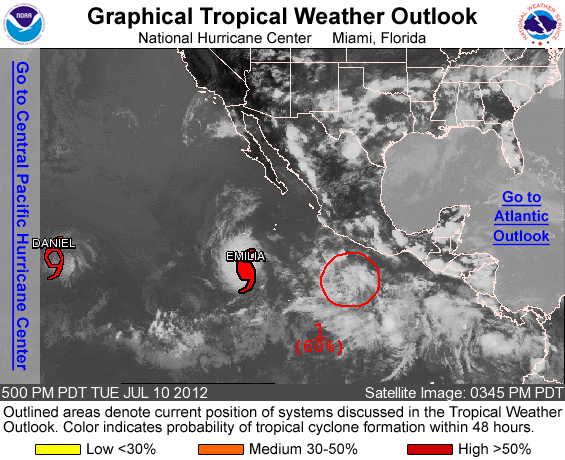
FOR THE EASTERN NORTH PACIFIC...EAST OF 140 DEGREES WEST LONGITUDE..

THE NATIONAL HURRICANE CENTER IS ISSUING ADVISORIES ON TROPICAL STORM DANIEL...LOCATED ABOUT 1350 MILES EAST OF THE HAWAIIAN ISLANDS...AND ON HURRICANE EMILIA...LOCATED ABOUT 690 MILES SOUTH-SOUTHWEST OF THE SOUTHERN TIP OF BAJA CALIFORNIA MEXICO.

1. SHOWERS AND THUNDERSTORMS ASSOCIATED WITH AN AREA OF LOW PRESSURE LOCATED ABOUT 450 MILES SOUTH-SOUTHEAST OF MANZANILLO MEXICO HAVE NOT BECOME ANY BETTER ORGANIZED TODAY. UPPER-LEVEL WINDS ARE FORECAST TO BECOME MORE FAVORABLE FOR DEVELOPMENT DURING THE NEXT DAY OR SO AS THE LOW MOVES WEST-NORTHWESTWARD NEAR 10 MPH. THIS SYSTEM HAS A HIGH CHANCE...60 PERCENT...OF BECOMING A TROPICAL CYCLONE DURING THE NEXT 48 HOURS.

ELSEWHERE...TROPICAL CYCLONE FORMATION IS NOT EXPECTED DURING THE NEXT 48 HOURS.

FORECASTER CANGIALOSI/BROWN